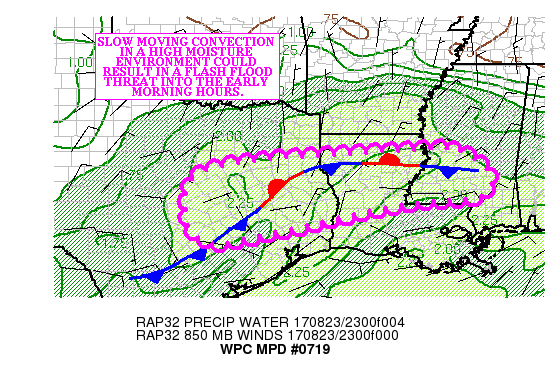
AREAS AFFECTED...CENTRAL TX...NORTHERN LA INTO SOUTHERN MS

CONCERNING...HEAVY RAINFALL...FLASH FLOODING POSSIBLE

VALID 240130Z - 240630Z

SUMMARY...SLOW MOVING CONVECTION ALONG A FRONTAL BOUNDARY IN A
HIGH MOISTURE ENVIRONMENT COULD RESULT IN A FLASH FLOOD THREAT
INTO THE EARLY MORNING HOURS.

DISCUSSION...EXPERIMENTAL GOES 16 CLEAN IR LOOP SHOWED SLOWLY
COOLING TOPS WITH CONVECTION DEVELOPING ALONG A FRONTAL BOUNDARY
EXTENDING FROM CENTRAL TX INTO SOUTHWEST MS THIS EVENING. THE
CONVECTION IS FORMING IN AN AXIS OF 1000-2000 J/KG OF MLCAPE ALONG
AND SOUTH OF THE FRONT (WITH BOTH THE 00Z FWD AND 00Z JAN
SOUNDINGS SHOWING SBCAPE VALUES BETWEEN 2500 AND 3500 J/KG).

DEEP MOISTURE (WITH PRECIPITABLE WATER VALUES NEAR 2.00
INCHES...BASED ON 00Z SOUNDINGS) STRETCHED ALONG THE FRONT IS
FOSTERING HIGH RAINFALL RATES WITH THE CONVECTION...WITH HOURLY
RAINFALL RATES GENERALLY BETWEEN 1.75 AND 2.25 INCHES. CELL
MOTIONS HAVE BEEN SLOWLY SOUTHWARD... AND THESE MOTIONS ARE
EXPECTED TO CONTINUE FOR THE NEXT FEW HOURS.

THE COMBINATION OF SLOW CELL MOTIONS AND HIGH MOISTURE CONTENT AIR
WILL CONTINUE TO SUPPORT HIGH RAINFALL RATES STRETCHING FROM
CENTRAL TX ACROSS NORTHERN LA INTO SOUTHWEST MS. THE MOST RECENT
HRRR SHOWED LOCAL RAINFALL AMOUNTS IN EXCESS OF 5 INCHES OVER
PORTIONS OF NORTHEAST LA...WITH LESSER AMOUNTS SCATTERED ALONG THE
FRONT.

THUS FAR...THE CONVECTIVE COVERAGE HAS BEEN SCATTERED...AND THIS
COULD ULTIMATELY BE A LIMITING FACTOR FOR A MORE ORGANIZED FLASH
FLOOD THREAT. A BROAD WARM AIR ADVECTION PATTERN AHEAD OF A WEAK
SHORT WAVE TRACKING FROM NORTHEAST TX INTO NORTHERN MS COULD ALLOW
FOR A LARGER CONVECTIVE COVERAGE.

HOWEVER...SINCE THERE IS SOME SPREAD ON HOW MUCH CONVECTIVE
COVERAGE WILL OCCURS... FLASH FLOODING IS ONLY CONSIDERED POSSIBLE
AT THIS TIME.